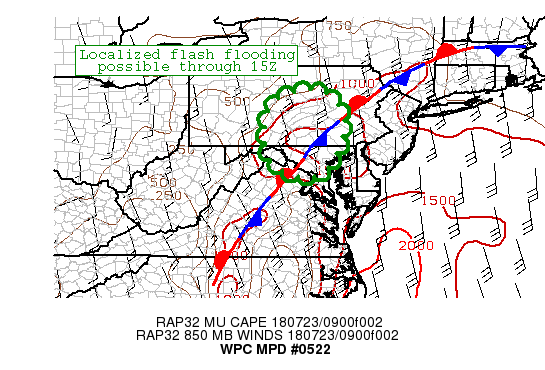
AREAS AFFECTED...CENTRAL PA...NORTHERN MD...DC...NORTHERN VA...WV
PANHANDLE

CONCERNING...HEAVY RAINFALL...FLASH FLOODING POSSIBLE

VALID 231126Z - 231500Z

SUMMARY...THUNDERSTORMS IN THE VICINITY OF A SURFACE FRONTAL
BOUNDARY COULD RESULT IN LOCALIZED AREAS OF FLASH FLOODING.

DISCUSSION...SOUTHERLY FLOW EAST OF A MID/UPPER-LEVEL LOW CENTERED
OVER THE OHIO VALLEY IS TRANSPORTING DEEP TROPICAL MOISTURE
NORTHWARD ALONG THE EASTERN SEABOARD INTO THE MID-ATLANTIC REGION,
WITH PW VALUES IN THE 1.7-1.9 INCH RANGE PER LATEST SPC
MESOANALYSIS. DESPITE RATHER RAPID FORWARD MOVEMENT OF CONVECTIVE
CELLS (NORTHWARD AT 25-30 KT), HIGH PRECIPITATION EFFICIENCY WAS
RESULTING IN RADAR ESTIMATED RAINFALL RATES OF 0.5-1.0 IN/HR IN
THE VICINITY OF A SURFACE FRONTAL BOUNDARY. SUFFICIENT INSTABILITY
(MUCAPE OF 1000-2000 J/KG) ALONG WITH UPPER DIVERGENCE ON THE
SOUTHERN PERIPHERY OF AN UPPER-LEVEL SPEED MAX SHOULD PROVIDE
SUPPORT FOR MAINTENANCE OF CONVECTION THROUGH THE NEXT FEW HOURS.

MANY OF THE LATEST CAM RUNS DO NOT SEEM TO HAVE A GOOD HANDLE OF
THE ONGOING CONVECTION, ALTHOUGH THE HRRR AND NAM-CONEST DO
SUGGEST THE POTENTIAL FOR LOCALIZED RAINFALL AMOUNTS OF 1-3 INCHES
OVER THE NEXT SEVERAL HOURS. THIS WOULD PRIMARILY BE DUE TO ANY
AREAS OF POTENTIAL CELL TRAINING THAT ARE ABLE TO SET UP. GIVEN
VERY LOW FLASH FLOOD GUIDANCE IN THE OUTLINED AREA (AS LOW AS 0.50
IN/HR IN SOME CASES), FLASH FLOODING IS POSSIBLE.